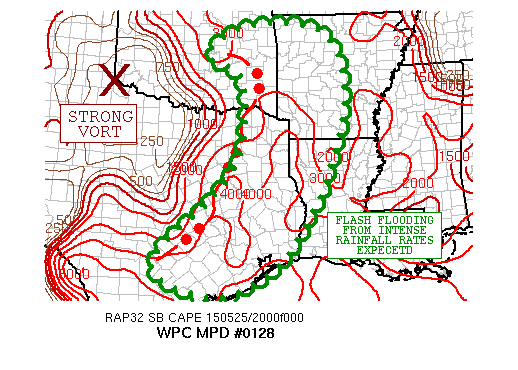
AREAS AFFECTED...EASTERN OK...EASTERN TX...NORTHWEST LA...WESTERN
AND CENTRAL AR

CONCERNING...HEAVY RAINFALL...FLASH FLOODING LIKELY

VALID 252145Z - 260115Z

SUMMARY...STRONG MCS TO CONTINUE EAST AND FAVOR SIGNIFICANT
RAINFALL POTENTIAL WITH FLASH FLOODING LIKELY THIS EVENING.

DISCUSSION...A STRONG AND WELL-ORGANIZED MCS IS MOVING EAST EARLY
THIS EVENING ACROSS SOUTHEAST OK AND EASTERN TX. THE CONVECTION IS
VERY COLD-TOPPED IN NATURE AND EXHIBITING A NUMBER OF EMBEDDED
OVERSHOOTING TOPS AS PER THE GOES-OTD ALGORITHM.

THE LATEST GOES-14 SRSO 1-MIN IMAGERY SUGGESTS AN UNCAPPED AND
VERY UNSTABLE AIRMASS AHEAD OF THE MCS WITH A LARGE CU/TCU FIELD
INDICATED IN ASSOCIATION WITH A PERSISTENT MOIST SOUTHERLY LOW
LEVEL FETCH IN OFF THE WESTERN GULF OF MEXICO. THE LATEST RAP
ANALYSIS SUGGESTS SBCAPE VALUES AHEAD OF THE MCS REACHING 4000 TO
4500 J/KG AND COUPLED WITH PWATS OF 1.5 TO 1.75 INCHES AS PER
GOES-SOUNDER DATA.

MEANWHILE...THE LATEST GOES-RGB AIRMASS IMAGERY SHOWS A
WELL-DEFINED AND COMPACT SHORTWAVE LIFTING NORTHEAST ACROSS
NORTHWEST TX LATE THIS AFTERNOON AND OVER THE NEXT FEW HOURS THIS
WILL ADVANCE NORTHEAST THROUGH CENTRAL OK. THE WIND FIELD ALOFT
OVER MUCH OF SOUTHEAST OK AND EASTERN TX IS HIGHLY DIVERGENT WHICH
IS WELL DEPICTED IN WV IMAGERY. THIS IS FOSTERING STRONG DEEPER
LAYER ASCENT OVER THE STRONG THERMODYNAMIC ENVIRONMENT IN VICINITY
OF THE MCS AND AHEAD OF IT.

EXPECT THE MCS TO CONTINUE TO MAINTAIN ITS CURRENT LEVEL OF
STRENGTH INTO THE EVENING HOURS. THE NORTHERN PORTION OF THE LINE
SHOULD TEND TO BE FAIRLY PROGRESSIVE AND WILL REACH INTO WESTERN
AR BY 23Z...BUT GIVEN SUCH HEAVY RAINFALL OF LATE...AND INTENSE
RAINFALL RATES OF UP TO 2 INCHES/HR...THERE WILL STILL BE STRONG
CONCERNS FOR FLASH FLOODING. THE SOUTHERN PORTION OF THE LINE FROM
JUST NORTH OF KSAT TO KAUS IS TENDING TO PROPAGATE A BIT SLOWER TO
THE EAST...AND THERE HAVE BEEN SEVERAL CELL MERGERS OCCURRING
WITHIN THIS PART OF THE LINE. MULTIPLE RUNS OF THE HRRR OF LATE
HAVE SUGGESTED THIS PART OF THE LINE TAKING ON MORE OF A SW/NE
ORIENTATION THIS EVENING WHICH GIVEN THE SW MEAN LAYER FLOW WILL
FAVOR CELL-TRAINING. WILL NEED TO MONITOR THIS CLOSELY AS THIS
WOULD GREATLY ENHANCE THE FLASH FLOOD CONCERNS FOR SOUTHEAST TX.